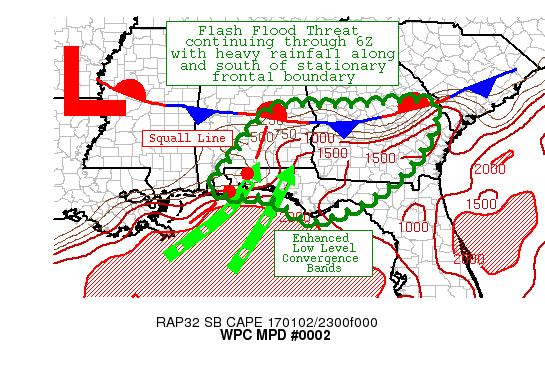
AREAS AFFECTED...SOUTHERN AL...SOUTHERN GA...FL PANHANDLE

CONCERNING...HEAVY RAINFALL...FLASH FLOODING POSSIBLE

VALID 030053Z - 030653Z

SUMMARY...REPEATED ROUNDS OF HEAVY THUNDERSTORMS COULD CAUSE
ADDITIONAL FLASH FLOODING CONCERNS FROM THE MOBILE BAY AREA TO
SOUTH CENTRAL GEORGIA THROUGH 7Z TONIGHT, WITH RAINFALL RATES OF 2
INCHES PER HOUR POSSIBLE.  THE HEAVY RAIN THREAT WILL END FROM
WEST TO EAST.

DISCUSSION...0045Z REGIONAL RADAR IMAGERY SHOWED TWO ENHANCED
BANDS OF CONVECTION STREAMING NORTHWARD FROM THE GULF OF MEXICO,
EXTENDING FROM EXTREME SOUTHEAST LOUISIANA TO THE FLORIDA
PANHANDLE.  WIDESPREAD MODERATE TO HEAVY STRATIFORM RAIN WITH
MULTIPLE EMBEDDED CONVECTIVE ELEMENTS IS ONGOING ACROSS SOUTHERN
ALABAMA AND EXTENDING INTO SOUTH CENTRAL GEORGIA.  A POTENT
NEGATIVELY TILTED SHORTWAVE NOTED OVER NORTHERN MISSISSIPPI IS
PROVIDING ORGANIZED ASCENT OVER THIS REGION.  THE 00Z TALLAHASSEE
SOUNDING INDICATED 30-35 KNOTS OF DEEP SOUTH TO SOUTHWESTERLY FLOW
WITH CAPE ON THE ORDER OF 1500 TO 2000 J/KG PER THE LATEST SPC
MESOANALYSIS.  RADAR ESTIMATED RAINFALL RATES OF 1-2+ INCHES PER
HOUR ARE ALREADY IN PROGRESS, AND MULTIPLE REPORTS OF AT LEAST 3
INCHES OF RAINFALL THUS FAR HAVE BEEN OBSERVED ACROSS PARTS OF
SOUTHERN ALABAMA AND THE WESTERN FLORIDA PANHANDLE OVER THE PAST
FEW HOURS.  THIS HAS LOWERED FLASH FLOOD GUIDANCE VALUES.

AS THE SHORTWAVE CONTINUES TO ADVANCE EASTWARD OVER THE NEXT 6
HOURS, RAP MODEL FORECASTS SHOW A 850 MB LOW LEVEL JET ON THE
ORDER OF 35 TO 50 KNOTS WILL CONTINUE TO OVERSPREAD THIS AREA
THROUGH 7Z.  THE INCREASED ISENTROPIC ASCENT, SUFFICIENT
INSTABILITY SOUTH OF THE FRONT, AND APPRECIABLE UPPER LEVEL
DIFFLUENCE OUT AHEAD OF THE APPROACHING SHORTWAVE AND UPPER LEVEL
JET MAX SHOULD CONTINUE TO SUSTAIN THE ONGOING HEAVY RAINFALL WITH
TRAINING LIKELY FROM SOUTHWEST TO NORTHEAST.   THE LATEST HI-RES
MODELS HAVE COME INTO BETTER AGREEMENT ON THE SCENARIO LED BY
RECENT CONSISTENT RUNS OF THE HRRR.